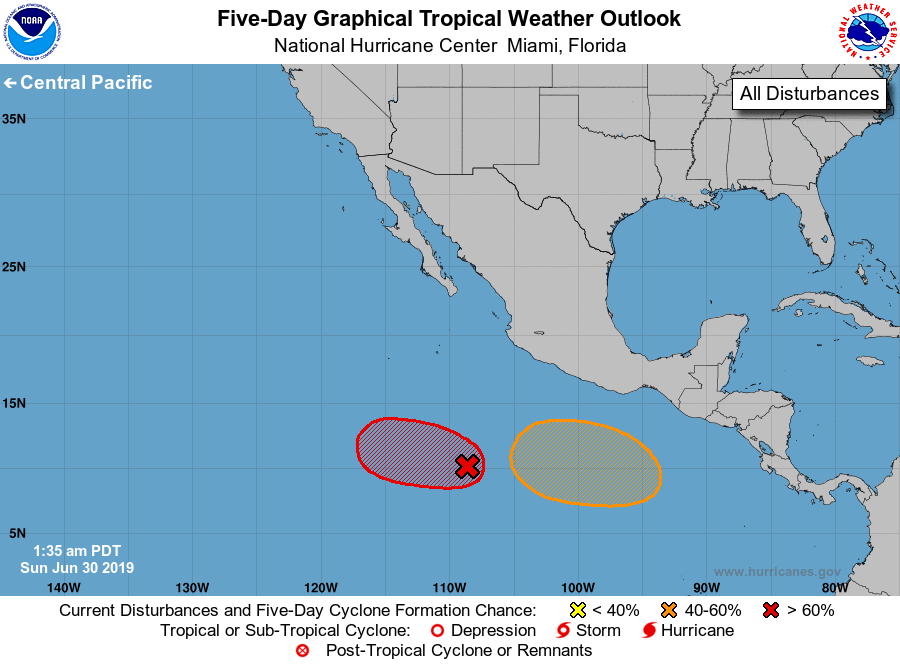
For the eastern North Pacific...east of 140 degrees west longitude:

Special tropical weather outlook issued to update the discussion of the low pressure area southwest of Mexico.

1. Updated: Recent satellite wind data indicate that the area of low pressure located several hundred miles southwest of the southwestern coast of Mexico is producing tropical-storm-force winds but the system currently lacks a closed surface circulation. Showers and thunderstorms associated with the system continue to show signs of organization and conditions appear conducive for the formation of a tropical storm later today while the disturbance moves westward to west-northwestward at about 15 mph. For additional information on this low see High Seas Forecasts issued by the National Weather Service.
* Formation chance through 48 hours...high...near 100 percent.
* Formation chance through 5 days...high...near 100 percent.

2. An area of low pressure is expected to form by the middle of next week several hundred miles south of the southern coast of Mexico. Conditions appear favorable for gradual development of this system while it moves westward to west-northwestward.
* Formation chance through 48 hours...low...near 0 percent.
* Formation chance through 5 days...medium...40 percent.

High Seas Forecasts issued by the National Weather Service can be found under AWIPS header NFDHSFEPI and WMO header FZPN02 KWBC.

Forecaster Brown